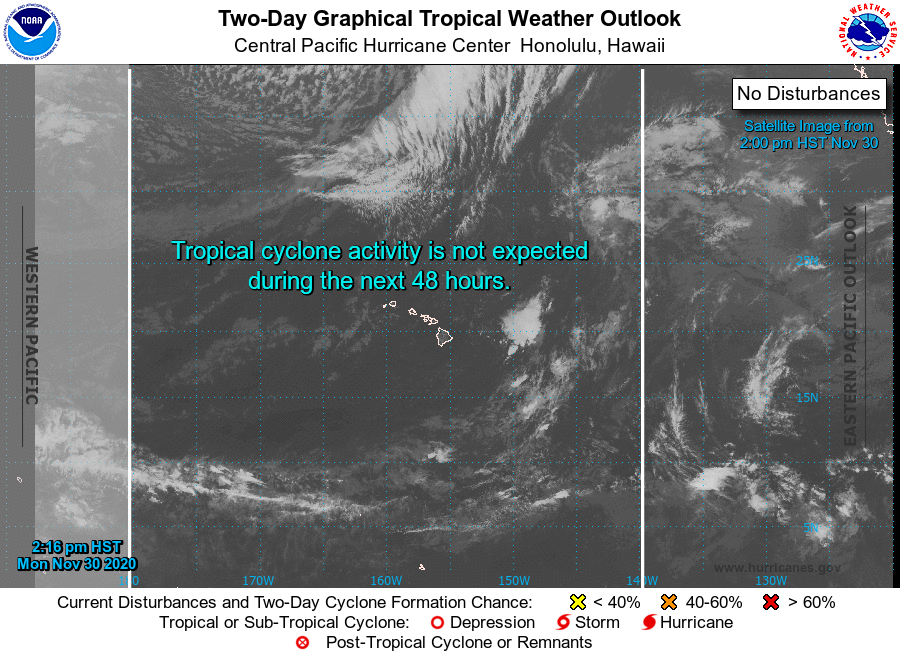
For the central North Pacific...between 140W and 180W:

No tropical cyclones are expected during the next 5 days.

The central North Pacific hurricane season officially ends today. The final Tropical Weather Outlook of the season will be issued tonight at 8 PM. We will resume issuing outlooks starting on June 1 of 2021.

Forecaster Morrison